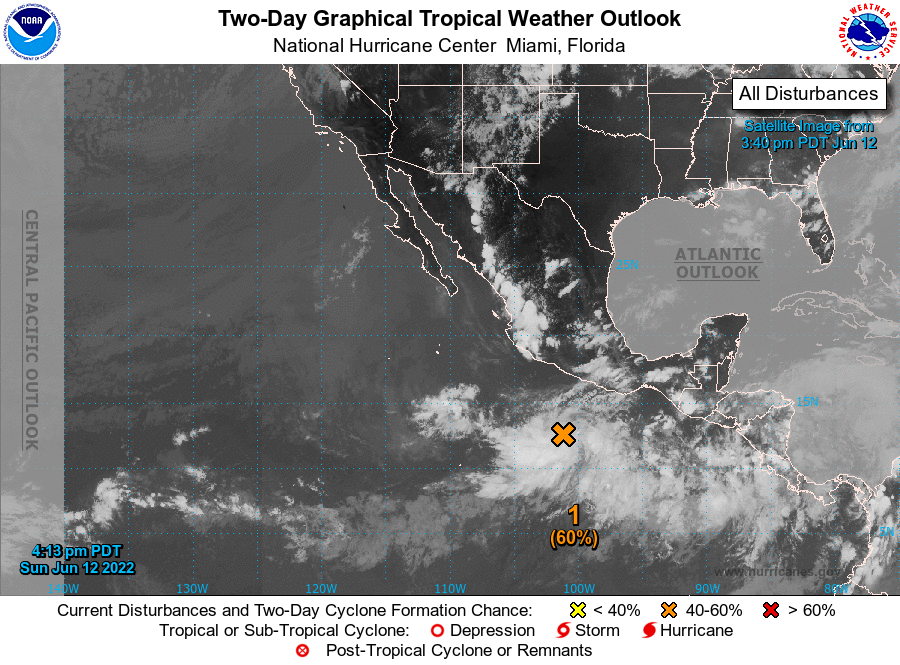
For the eastern North Pacific...east of 140 degrees west longitude:

1. Off the coast of southwestern Mexico: Showers and thunderstorms are becoming increasingly organized in association with a broad low pressure area located a few hundred miles south of the southwest coast of Mexico. Environmental conditions are forecast to become more conducive for further development, and a tropical depression is likely to form on Tuesday or Wednesday while the system moves slowly northwestward off the southwestern coast of Mexico.
* Formation chance through 48 hours...medium...60 percent.
* Formation chance through 5 days...high...90 percent.

2. Off the coast of Central America: An area of low pressure is expected to form a couple of hundred miles southwest of the coast of Nicaragua during the next day or two. Gradual development of this system is possible through late week while the low moves slowly northwestward.
* Formation chance through 48 hours...low...near 0 percent.
* Formation chance through 5 days...low...20 percent.

Forecaster Hogsett/Pasch